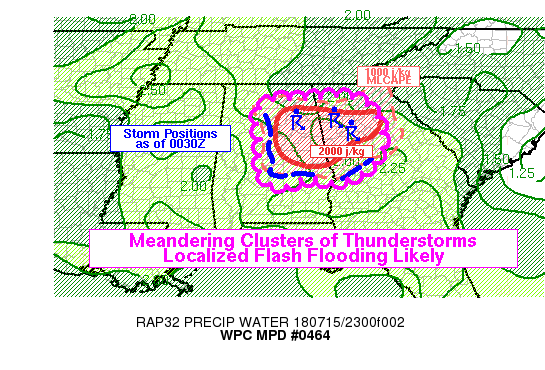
AREAS AFFECTED...CTRL/E-CTRL AL...W-CTRL/NWRN GA

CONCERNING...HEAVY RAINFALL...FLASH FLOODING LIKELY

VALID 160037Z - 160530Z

SUMMARY...THUNDERSTORM CLUSTERS WILL LINGER INTO THE EVENING IN
CENTRAL ALABAMA AND SLOWLY DRIFT TO THE EAST OR NORTHEAST. THIS
WILL LEAD TO AREAS OF LOCALIZED HEAVY RAINFALL. RAIN RATES OF 2-3
IN/HR ARE EXPECTED WITH THE STRONGER STORMS WHICH COULD LEAD TO
AREAS OF FLASH FLOODING.

DISCUSSION...AS OF 0030Z...KBMX RADAR SHOWED CLUSTERS OF
THUNDERSTORMS FROM BIRMINGHAM AL SOUTH TO NEAR MONTGOMERY AL...AND
THEN EAST TO NEAR AUBURN AL. ADDITIONAL ISOLATED THUNDERSTORMS
WERE SITUATED ELSEWHERE ACROSS PARTS OF ALABAMA AND GEORGIA. THE
MORE CONTINUOUS ZONES OF THUNDERSTORM ACTIVITY WERE POSITIONED ON
THE SOUTHWEST PERIPHERY OF A POOL OF UNDISTURBED STRONG
INSTABILITY...WITH MLCAPE VALUES ANALYZED BY THE RAP TO BE ON THE
ORDER OF 2000-3000 J/KG. THE 00Z SOUNDINGS FROM BMX AND FFC TENDED
TO CONFIRM THIS WITH MLCAPE VALUES AROUND 2000 J/KG AND
PRECIPITABLE WATER VALUES AROUND 2 INCHES. KBMX RADAR ALSO SHOWED
A GRADUAL EASTWARD PROPAGATION TO THE CONVECTIVE CLUSTERS IN THE
I-65 CORRIDOR...AND A GRADUAL NORTHWARD PROPAGATION WITH THE
CLUSTERS IN THE I-85 CORRIDOR. SOME INTERSECTING OUTFLOWS WERE
ALSO OBSERVED JUST OUT AHEAD OF THESE THUNDERSTORM CLUSTERS...AND
THIS SHOULD ALLOW FOR CONTINUED PROPAGATION AND FURTHER CONVECTIVE
DEVELOPMENT INTO THE VERY MOIST AND UNSTABLE AIR MASS.

WITH THE SLOW STORM MOTIONS (850-300MB MEAN WIND AROUND 5 KNOTS)
AND DEEP MOISTURE AVAILABLE...VERY HEAVY RAIN RATES ARE
ANTICIPATED. KBMX RADAR DUAL POL ESTIMATES HAVE BEEN AS HIGH AS 3
IN/HR AND KEET AND KMGM SURFACE OBSERVATIONS HAVE CONFIRMED RAIN
RATES AROUND 2 IN/HR. THESE WOULD BE LIKELY TO LEAD TO AREAS OF
FLASH FLOODING...PARTICULARLY IF THEY ALIGN WITH URBAN AREAS.